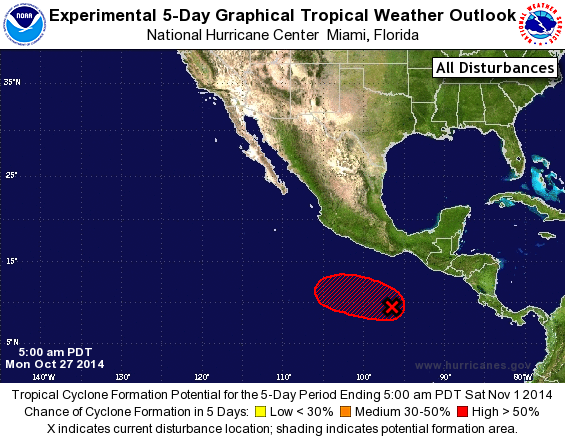
For the eastern North Pacific...east of 140 degrees west longitude:

1. Showers and thunderstorms are gradually becoming better organized near an area of low pressure located several hundred miles south-southwest of the Gulf of Tehuantepec. Environmental conditions are expected to be conducive for development, and tropical cyclone formation is likely later this week while the low drifts toward the west or west-northwest at 5 mph or less.
* Formation chance through 48 hours...medium...40 percent.
* Formation chance through 5 days...high...80 percent.

Forecaster Berg